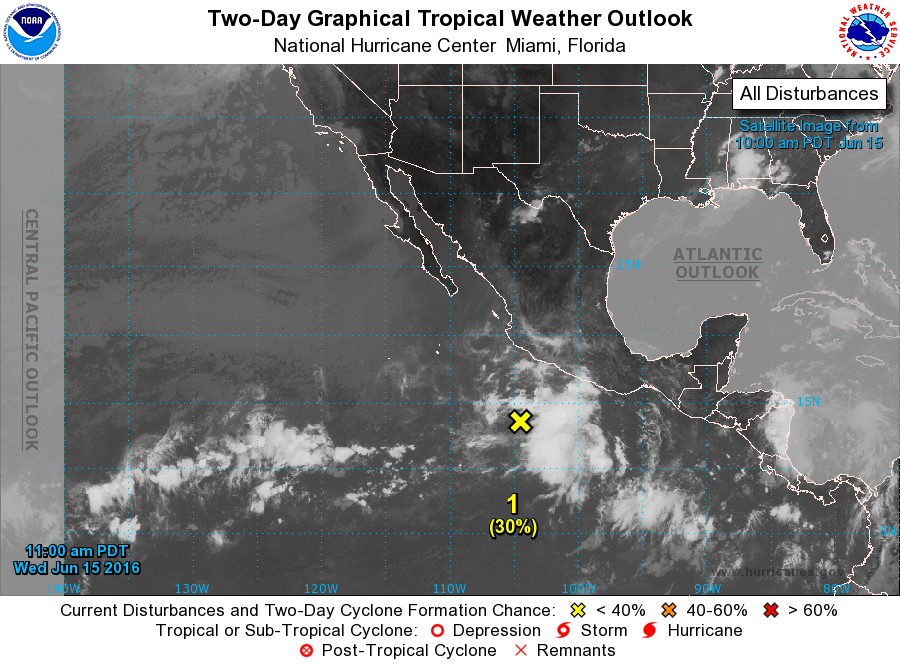
For the eastern North Pacific...east of 140 degrees west longitude:

1. Showers and thunderstorms associated with a broad area of low pressure located several hundred miles south of Manzanillo, Mexico, have increased since yesterday, but remain disorganized. Environmental conditions appear to be conducive for some slow development of this system over the next couple of days, and a tropical depression could form later this week while the disturbance moves west-northwestward at around 10 mph. Over the weekend, conditions should gradually become less conducive for tropical cyclone formation.
* Formation chance through 48 hours...low...30 percent
* Formation chance through 5 days...medium...50 percent

Forecaster Pasch